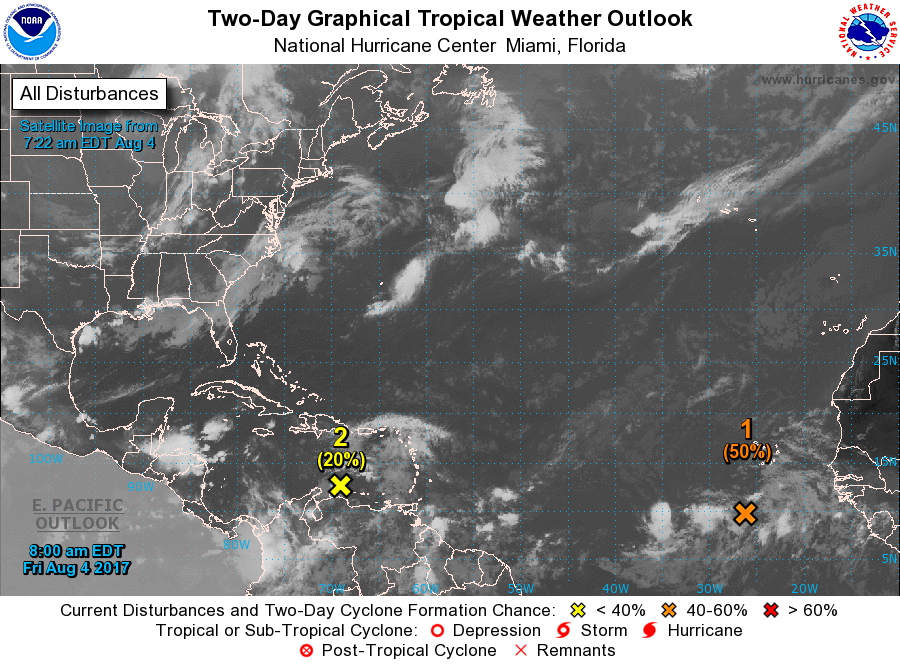
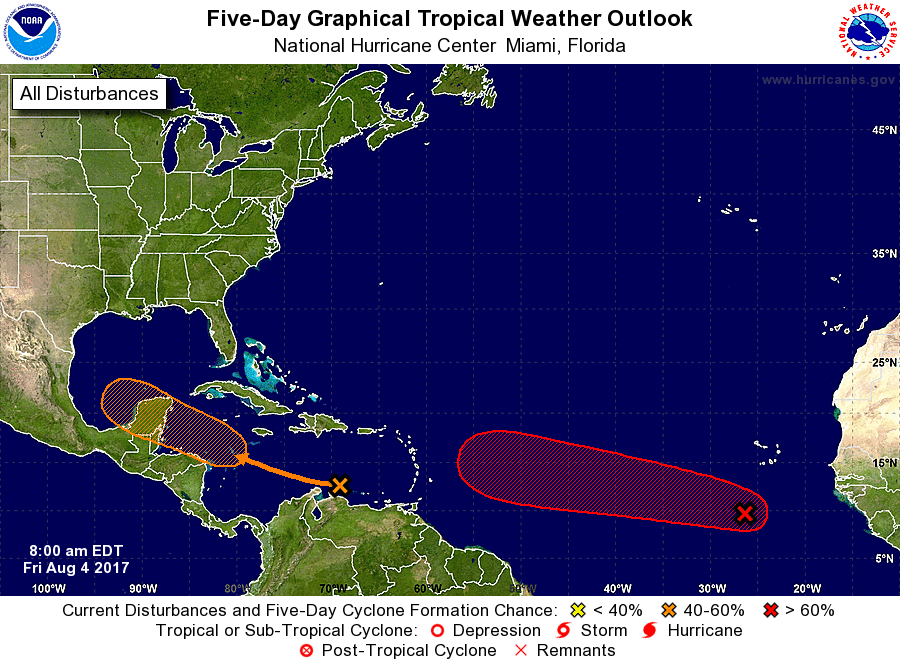
For the North Atlantic...Caribbean Sea and the Gulf of Mexico:

1. A broad low pressure system, associated with a tropical wave, is producing a large area of disorganized showers and thunderstorms several hundred miles south and southwest of the Cabo Verde Islands. Environmental conditions are conducive for this system to consolidate and develop during the next few days, and a tropical depression is likely to form by early next week while moving west-northwestward at about 15 mph across the tropical Atlantic Ocean.
* Formation chance through 48 hours...medium...50 percent.
* Formation chance through 5 days...high...80 percent.

2. A large area of cloudiness and thunderstorms located over the central and eastern Caribbean Sea is associated with a tropical wave. This disturbance is expected to move west-northwestward at about 15 mph across the western Caribbean Sea and Bay of Campeche through the middle of next week, where environmental conditions appear conducive for development.
* Formation chance through 48 hours...low...20 percent.
* Formation chance through 5 days...medium...60 percent.

Forecaster Berg